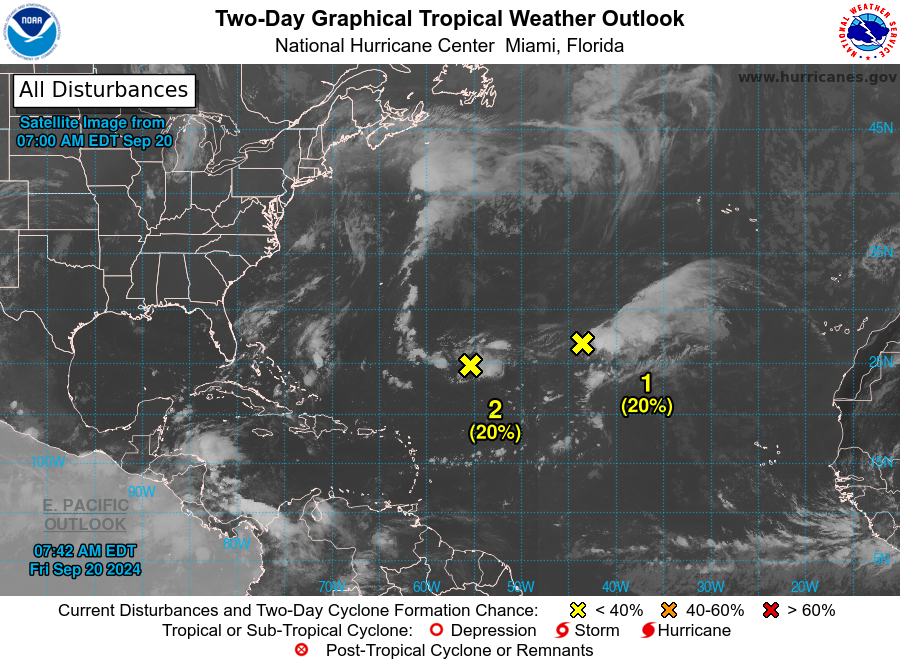
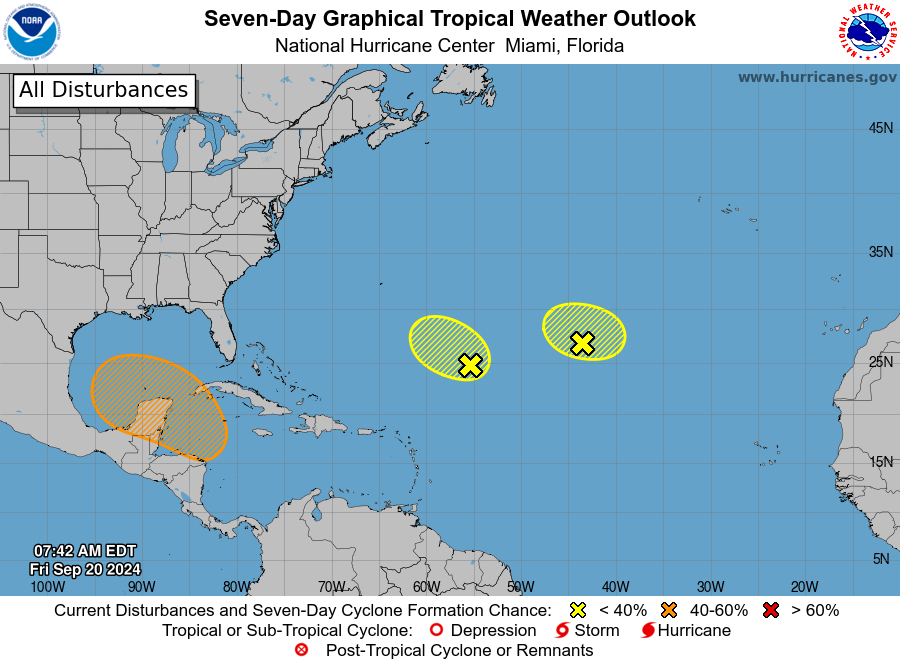
For the North Atlantic...Caribbean Sea and the Gulf of Mexico:

1. Central Subtropical Atlantic (Remnants of Gordon): An area of low pressure, associated with the remnants of Gordon, is producing disorganized showers and thunderstorms more than a thousand miles southwest of the Azores. Due to strong upper-level winds, any additional development of this system is expected to be slow to occur while it meanders over the central subtropical Atlantic during the next couple of days.
* Formation chance through 48 hours...low...20 percent.
* Formation chance through 7 days...low...20 percent.

2. Central and Western Subtropical Atlantic (AL96): Shower activity associated with an area of low pressure located about 650 miles northeast of the northern Leeward Islands has changed little in organization over the past several hours. Environmental conditions appear only marginally conducive for some development of this system during the next couple of days while it drifts northwestward at about 5 mph over the central or western subtropical Atlantic.
* Formation chance through 48 hours...low...20 percent.
* Formation chance through 7 days...low...20 percent.

3. Northwestern Caribbean Sea and Southern Gulf of Mexico: A broad area of low pressure could form by the early to middle part of next week over the northwestern Caribbean Sea. Thereafter, gradual development of this system is possible, and a tropical depression could form as the system moves slowly to the north or northwest over the northwestern Caribbean Sea and into the southern Gulf of Mexico through the end of next week.
* Formation chance through 48 hours...low...near 0 percent.
* Formation chance through 7 days...medium...40 percent.

Forecaster Berg